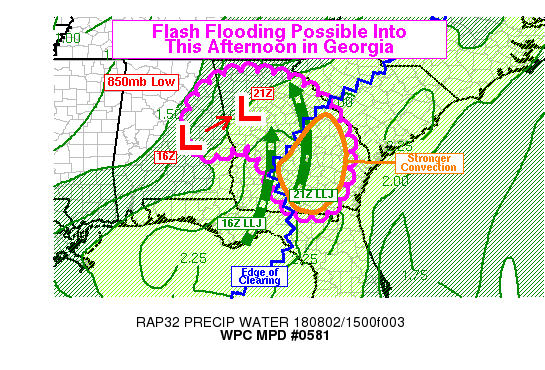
Areas affected...Georgia and Northeast Alabama

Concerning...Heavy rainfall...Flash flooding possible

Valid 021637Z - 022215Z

Summary...Rain will continue into the afternoon across portions of
far northeast Alabama and into northern Georgia, near the track of
a weak low pressure center. Further south in central and southern
Georgia, thunderstorms should become more widespread in the
afternoon. These factors will combine to increase the risk of
flash flooding in the next several hours in the aforementioned
areas. Localized rainfall totals through 6 PM EDT could exceed 4
inches.

Discussion...RAP analysis placed an 850mb low in east-central
Alabama as of 16Z, and the KBMX and KMXX radar VWPs (925-850mb)
placed a weak circulation near Coosa County, Alabama. This weak
low is projected to lift into northwest Georgia by late this
afternoon. An associated enhancement in the low-level flow existed
to the east of this low, with the LLJ likely to increase and shift
slightly to the east during the afternoon hours. Near the low, and
to the northwest of the stronger flow, KBMX and KMXX radars showed
slow-moving rain bands over east-central Alabama as of 16Z. These
were likely situated in a deformation zone, with limited access to
significant instability. Rather, they were being sustained by
persistent low-level forcing and abundant low-level moisture. This
may continue to the northeast into the afternoon near the track of
the 850mb low. The rain bands were low-topped, with most of the
35+ dBZ reflectivity values concentrated below the melting layer.
This is suggestive of dominant warm rain processes, and KMXX and
KBMX ZDR values in the heavier rain bands were near or less than
1, typical of numerous small rain droplets formed primarily
through the collision coalescence process. This may make rain
bands from east-central Alabama into northern Georgia more
efficient with rainfall production than reflectivity would imply,
or that radar rainfall estimates would suggest. Some of the area
that may be affected by this rain has already received heavy
rainfall in recent days, and this could pose a risk for flash
flooding.

Further to the southeast, most of central and southern Georgia was
within a patch of relative clearing per GOES-16 visible satellite
imagery, and thus instability was building. Stronger convection
can be expected in these areas, and some was already beginning to
develop as of 16Z. CIRA blended TPW product shows precipitable
water values exceeding 2 inches nosing into southern Georgia, and
RAP analysis puts the PWs slightly higher (around 2.2 to 2.3
inches). Given a GPS-PW observation of 2.24 inches near Dothan,
AL, the RAP values may be closer to reality with the plume of deep
moisture funneling into the area. The combination of moderate to
strong instability and tropical moisture should lead to very heavy
rain rates in convection that can develop. If the rain can be
sustained for at least an hour, rain rates of 2-3 in/hr would be
attainable. The primary uncertainty in this region is how long the
heavy rain will be sustained at any one location. The mesoscale
features driving the rainfall today will be slowly drifting east,
and a squall line from Cordele to Valdosta has shown some eastward
component to its motion. This may prevent storms from locking into
a particular area for an extended period of time. Nevertheless,
the overall environment, potential for very heavy rain rates, and
increasing signal in the 12Z HREF for heavy rainfall in the warm
sector this afternoon all argue for an increasing flash flood risk.